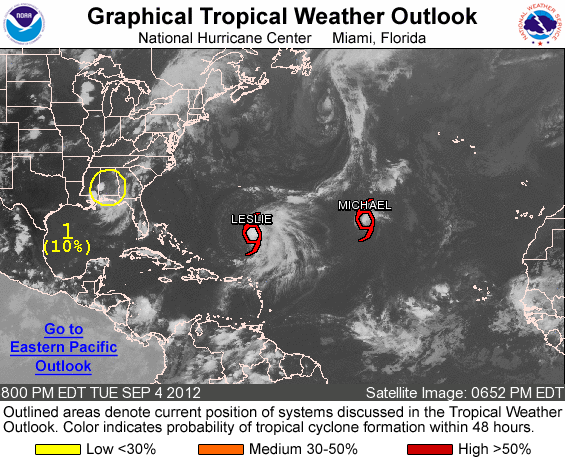
FOR THE NORTH ATLANTIC...CARIBBEAN SEA AND THE GULF OF MEXICO...

THE NATIONAL HURRICANE CENTER IS ISSUING ADVISORIES ON TROPICAL STORM LESLIE...LOCATED ABOUT 500 MILES SOUTH-SOUTHEAST OF BERMUDA...AND ON TROPICAL STORM MICHAEL...LOCATED ABOUT 1210 WEST- SOUTHWEST OF THE AZORES.

1. AN AREA OF LOW PRESSURE OVER CENTRAL ALABAMA IS EXPECTED TO MOVE GENERALLY SOUTHWARD INTO THE NORTH-CENTRAL GULF OF MEXICO DURING THE NEXT DAY OR SO. ENVIRONMENTAL CONDITIONS APPEAR MARGINALLY CONDUCIVE FOR SLOW DEVELOPMENT OF THIS DISTURBANCE ONCE IT MOVES OVER WATER. THIS SYSTEM HAS A LOW CHANCE...10 PERCENT...OF BECOMING A TROPICAL CYCLONE DURING THE NEXT 48 HOURS.

ELSEWHERE...TROPICAL CYCLONE FORMATION IS NOT EXPECTED DURING THE NEXT 48 HOURS.

FORECASTER KIMBERLAIN